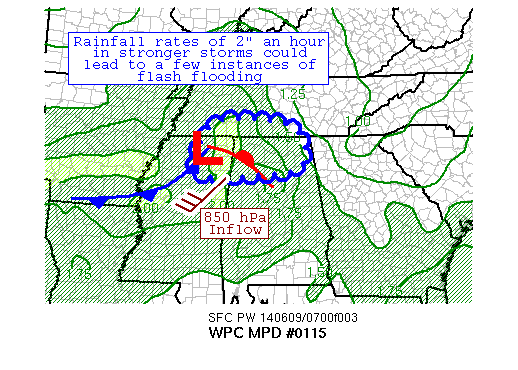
AREAS AFFECTED...NORTHEAST MS...NORTHERN AL...SOUTH-CENTRAL TN

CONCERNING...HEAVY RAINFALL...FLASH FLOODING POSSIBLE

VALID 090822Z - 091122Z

SUMMARY...A CONVECTIVE CLUSTER IN NORTHERN MS IS EXPECTED TO MERGE
WITH A LONG-LIVED CELL MOVING IN FROM NORTHEAST MS, WITH THE
ACTIVITY EXPECTED TO PERSIST FOR A FEW MORE HOURS.  AS THE
THUNDERSTORMS ARE MOVING INTO AN INCREASINGLY SATURATED AREA,
FLASH FLOODING REMAINS A CONCERN.

DISCUSSION...A CONVECTIVE CLUSTER WITH AN MCV MOVING EASTWARD AT
NEAR 40 KTS IS ABOUT TO MERGE WITH A LONG-LIVED CONVECTIVE CELL
WITH COOLING CLOUD TOPS MOVING ACROSS NORTHEAST MS.  CAPE VALUES
REMAIN AT OR ABOVE 1000 J/KG, AND 850 HPA INFLOW IS CLOSE TO 30
KTS.  COMBINED WITH PRECIPITABLE WATER VALUES OF 1.75-2", THE
CONDITIONS FOR THE WET MULTI-CELL ENVIRONMENT HAVE BEEN MET.  THE
MESOSCALE GUIDANCE HANDLING THIS ACTIVITY THE BEST SO FAR HAVE
BEEN THE LAST FEW RUNS OF THE RAP AND THE 00Z EXREF MEAN.

LOW-LEVEL INFLOW SHOULD BE STEADY INTO THE COMPLEX OVER THE NEXT
SEVERAL HOURS.  THE EXPECTATION IS THAT THE CAPE VALUES WILL
SLOWLY EXHAUST, CAUSING THE COMPLEX TO WEAKEN OVER THE NEXT FEW
HOURS.  HOWEVER, FLASH FLOOD GUIDANCE VALUES ALONG THIS SYSTEM'S
PATH ARE QUITE LOW.  A CONTINUATION OF RAINFALL RATES UP TO 2" IN
STRONGER STORMS COULD CAUSE A FEW INSTANCES OF FLASH FLOODING.